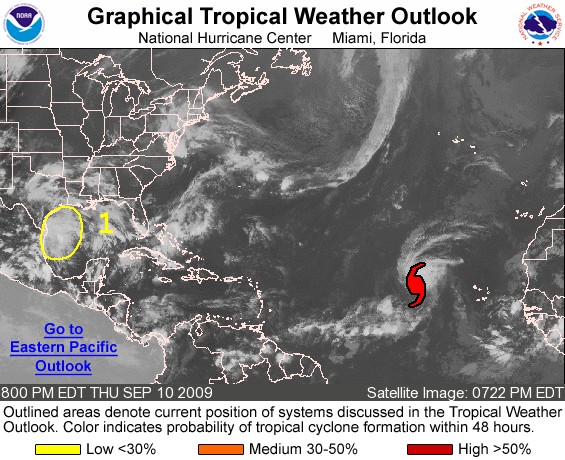
FOR THE NORTH ATLANTIC...CARIBBEAN SEA AND THE GULF OF MEXICO...

THE NATIONAL HURRICANE CENTER IS ISSUING ADVISORIES ON HURRICANE FRED...LOCATED ABOUT 740 MILES WEST OF THE CAPE VERDE ISLANDS.

1. WIDESPREAD SHOWERS AND THUNDERSTORMS OVER THE NORTHWESTERN GULF OF MEXICO ARE ASSOCIATED WITH A SURFACE TROUGH INTERACTING WITH A MID- TO UPPER-LEVEL LOW. UPPER-LEVEL WINDS ARE EXPECTED TO REMAIN UNFAVORABLE FOR DEVELOPMENT OF THIS SYSTEM AS IT REMAINS NEARLY STATIONARY NEAR THE TEXAS COAST DURING THE NEXT COUPLE OF DAYS. THERE IS A LOW CHANCE...LESS THAN 30 PERCENT...OF THIS SYSTEM BECOMING A TROPICAL CYCLONE DURING THE NEXT 48 HOURS. REGARDLESS OF DEVELOPMENT...LOCALLY HEAVY RAINFALL IS POSSIBLE ALONG THE GULF COAST FROM NORTHEASTERN MEXICO TO LOUISIANA OVER THE NEXT DAY OR TWO.

ELSEWHERE...TROPICAL CYCLONE FORMATION IS NOT EXPECTED DURING THE NEXT 48 HOURS.

FORECASTER BERG